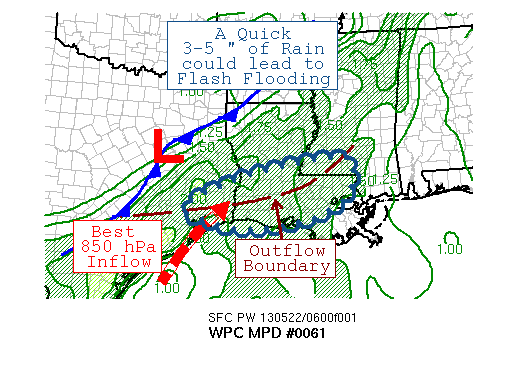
AREAS AFFECTED...FAR SOUTHEAST TX...SOUTHERN LA...SOUTHWEST MS

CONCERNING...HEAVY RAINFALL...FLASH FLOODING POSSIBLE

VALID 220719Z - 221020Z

SUMMARY...TRAINING CONVECTION FROM THE GOLDEN TRIANGLE OF
SOUTHEAST TX THROUGH SOUTHERN LA INTO SOUTHWEST MS NEAR AND BEHIND
AN OUTFLOW BOUNDARY COULD LEAD TO FLASH FLOODING.

DISCUSSION...A SQUALL LINE/OUTFLOW BOUNDARY HAS SLOWED DOWN ITS
MOVEMENT AS IT HAS APPROACHED THE WESTERN GULF COAST ACROSS
SOUTHERN LA.  THE BEST 850 HPA INFLOW IS CONCENTRATED INTO THE
LOWER SABINE RIVER BASIN...WITH WIND SPEEDS OF 30-35 KNOTS MOVING
INTO THE REGION FROM THE GULF OF MEXICO AHEAD OF A SLOW-MOVING
COLD FRONT.  SOME CIN ALONG THE OUTFLOW BOUNDARY APPEARS TO BE
CAUSING CONVECTION TO BE ELEVATED ON ITS COLD/NORTH SIDE.
CONVECTION CONTINUES BACK INTO SOUTHEAST TEXAS, BACKBUILDING
TOWARDS THE APPROACHING COLD FRONT AND MOVING EASTWARD WITH A
SLIGHT SOUTHERLY COMPONENT.  THIS INFLOW SHOULD REMAIN FIXED
ACROSS THE REGION FOR THE NEXT FEW HOURS WHICH WOULD CONTINUE
PRECIPITATION EFFICIENCY. PRECIPITABLE WATER VALUES -- PWS -- OF
1.75-2 INCHES RESIDE ACROSS THIS REGION, AND THERE IS SIGNIFICANT
DIVERGENCE ALOFT ON THE SOUTHEAST SIDE OF AN UPPER LEVEL LOW
MOVING ACROSS OK.  EVEN THOUGH FLASH FLOOD GUIDANCE VALUES -- FFGS
-- WERE HIGH AT 00Z, RECENT RAINFALL SHOULD HAVE DROPPED THESE
VALUES TOWARDS THE 3-4 INCH RANGE WITHIN 2-3 HOUR'S TIME, WHICH
WOULD BE POSSIBLE WITH A COUPLE MORE HOURS OF TRAINING.  THE SLOW
SOUTHWARD PROGRESSION EXPECTED WITH TIME ARGUED AGAINST USING
LIKELY WORDING.